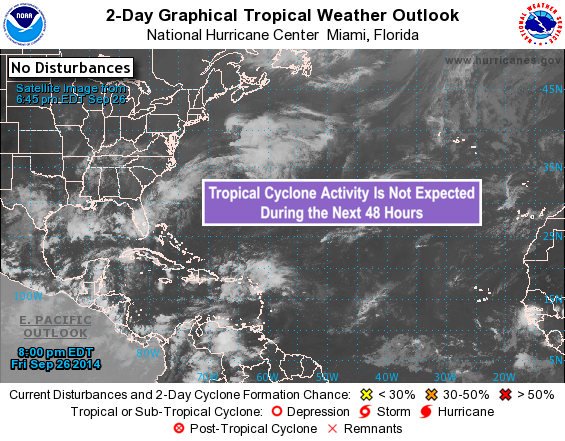
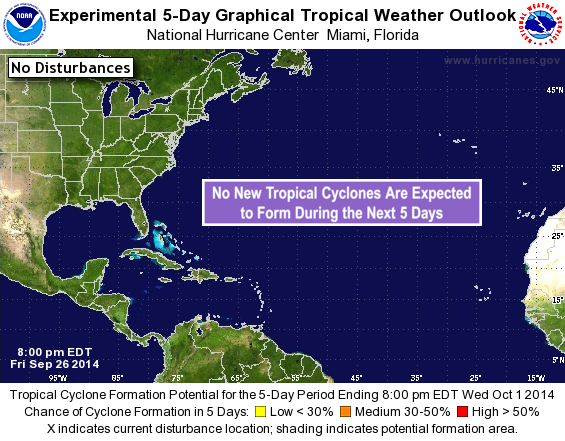
For the North Atlantic...Caribbean Sea and the Gulf of Mexico:

Tropical cyclone formation is not expected during the next 5 days.

Forecaster Beven